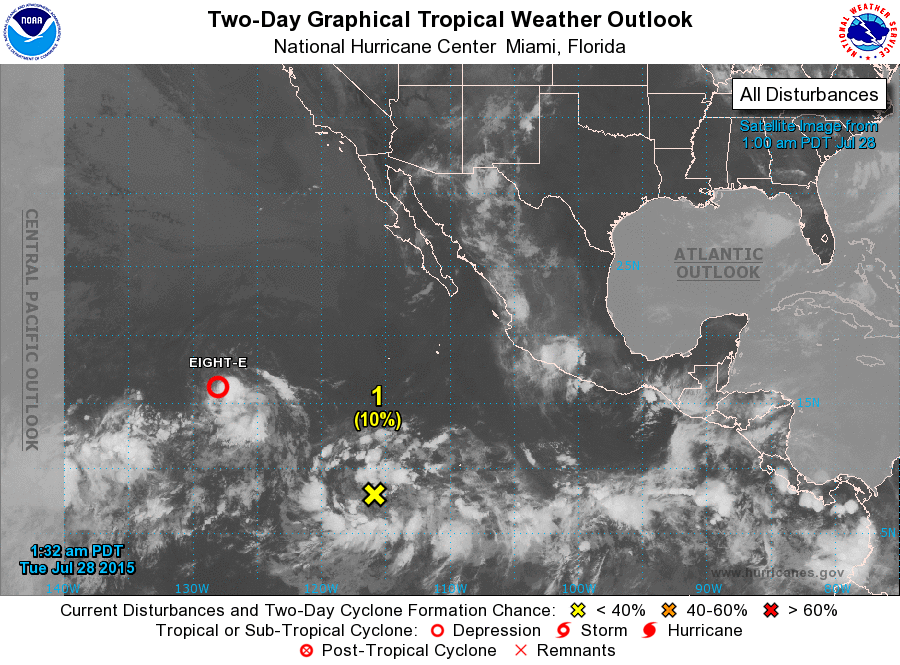
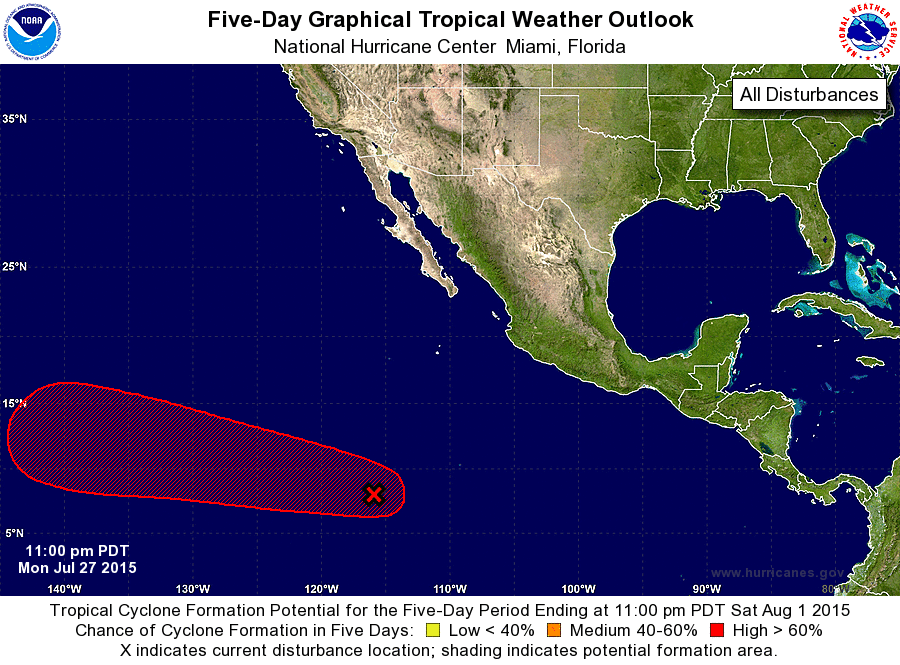
For the eastern North Pacific...east of 140 degrees west longitude:

The National Hurricane Center is issuing advisories on Tropical Depression Eight-E, located well to the west-southwest of the southern tip of the Baja California peninsula.

1. A broad area of low pressure located about 1100 miles south- southwest of the southern tip of the Baja California peninsula continues to produce disorganized showers and thunderstorms. Environmental conditions are expected to be generally conducive for development, and this system is likely to become a tropical depression later this week while moving westward at 15 mph.
* Formation chance through 48 hours...low...10 percent
* Formation chance through 5 days...high...70 percent

Public Advisories on Tropical Depression Eight-E are issued under WMO header WTPZ33 KNHC and under AWIPS header MIATCPEP3. Forecast/Advisories on Tropical Depression Eight-E are issued under WMO header WTPZ23 KNHC and under AWIPS header MIATCMEP3.

Forecaster Cangialosi